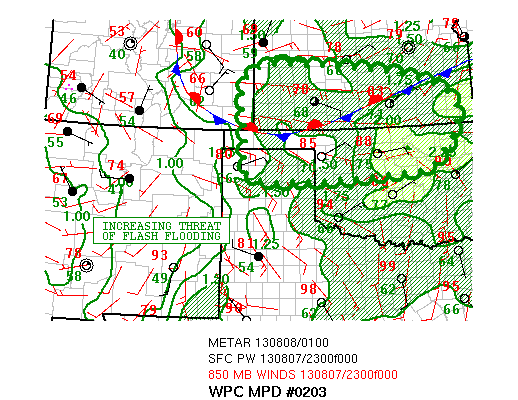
AREAS AFFECTED...SOUTHEAST KS...NORTHEAST OK...EAST OK
PANHANDLE...NORTHEAST TX PANHANDLE

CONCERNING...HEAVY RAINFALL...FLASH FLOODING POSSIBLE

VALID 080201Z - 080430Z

SUMMARY...THE RISK OF FLASH FLOODING WILL BE INCREASING THROUGH
05Z AS CONVECTION ORGANIZES AND BEGINS TO MOVE OVER AREAS WITH
FAIRLY LOW FLASH FLOOD GUIDANCE VALUES.

THUNDERSTORMS WERE BECOMING MORE NUMEROUS AS THEY MOVED INTO THE
TX/OK PANHANDLE AND SOUTHWEST KS DURING THE EARLY EVENING...AND
CLOUD TOP TEMPERATURES WERE AT LEAST MINUS 75 DEGREES C.  EASTERLY
LOW LEVEL FLOW WILL DRAW AN AIRMASS WITH PRECIPITABLE WATER VALUES
OVER 2 INCHES INTO THE CONVECTION.  IN ADDITION...THE DOWNSTREAM
ENVIRONMENT WAS CHARACTERIZED BY MOST UNSTABLE CAPE AT OR ABOVE
4000 J PER KG AND BETTER LOW LEVEL CONVERGENCE.

GLOBAL AND CONVECTION ALLOWING MESOSCALE MODELS HAVE BEEN POINTING
TO SOUTHWEST KS INTO NORTHERN OK AREA FOR MDT TO LOCALLY HEAVY
RAINFALL...AND FEEL THAT THE 08/00Z SOUNDINGS SUPPORT THIS IDEA.